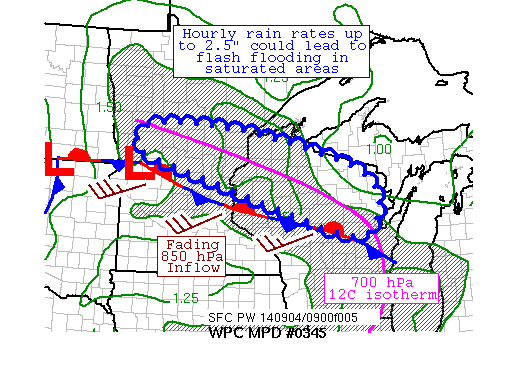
AREAS AFFECTED...CENTRAL MN & NORTHERN WI

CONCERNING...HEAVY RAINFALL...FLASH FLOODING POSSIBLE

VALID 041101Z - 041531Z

SUMMARY...A TRAINING BAND OF HEAVY RAINFALL HAS BEEN MOVING
THROUGH EASTERN ND AND CENTRAL MN.  AS IT IS ABOUT TO MOVE INTO A
SATURATED AREA FROM YESTERDAY'S RAINFALL ACTIVITY WITH HOURLY RAIN
RATES OF CLOSE TO 2.5", FLASH FLOODING IS POSSIBLE IN THIS REGION
OVER THE NEXT SEVERAL HOURS.

DISCUSSION...A PAIR OF MESOCYCLONES ARE TRAVELING ALONG THE SAME
PATH INTO CENTRAL MN, WITH THE LEADING EDGE OF THE THUNDERSTORM
AREA MOVING SOUTH OF DUE EAST AT ~45 KTS AT THE LEADING EDGE OF A
LOW- TO MID-LEVEL CAP, ELEVATED OVER A STATIONARY FRONT.  HOURLY
RAIN RATES OF 3-4" HAVE BEEN INDICATED BY RADAR WITHIN THIS
TRAINING SCENARIO.  SINCE THERE HAVE BEEN HAIL REPORTS WITHIN THE
BAND, 2-3" HOURLY RATES HAVE LIKELY BEEN REALIZED.  MODERATELY
BROAD INFLOW AT 850 HPA IS 30-40 KTS PER RECENT VAD WIND PROFILES
-- SIMILAR TO THE MEAN 850-400 HPA WIND -- AND CAPE VALUES
UPSTREAM (TO THE SOUTHWEST) REMAIN 1000-2000 J/KG.  PRECIPITABLE
WATER VALUES ARE IN THE 1.50-1.75" RANGE PER RECENT RAP RUNS AND
GPS PW VALUES.  THE CURRENT ACTIVITY IS LIKELY TO CONTINUE INTO
THE SHORT TERM.

THE MESOSCALE GUIDANCE HAS BEEN UNDERFORECASTING RAINFALL AMOUNTS
WITH THIS BAND, WHICH HAS MADE INTERPRETING THEIR QPF OUTPUT
DIFFICULT.  THE BEST SIGNAL FOR HEAVY RAINFALL IN THIS REGION
FADES IN THE 15-16Z TIME FRAME DUE TO SLOWLY FADING 850 HPA
INFLOW, SO USED THAT AS A HORIZON FOR THE MPD.  THE PRESENCE OF
MESOCYCLONES WITHIN THIS BAND COULD LEAD TO GREATER PERSISTENCE TO
THE HEAVY RAINFALL, SO WILL CONTINUE TO MONITOR THE SITUATION.
HOURLY RAIN RATES UP TO 2.5", WITH LOCAL TOTALS OF 3-5", REMAIN
POSSIBLE.  DUE TO THE SATURATED CONDITIONS AHEAD OF THE BAND,
FLASH FLOODING IS CONSIDERED POSSIBLE UNTIL ~1530Z.